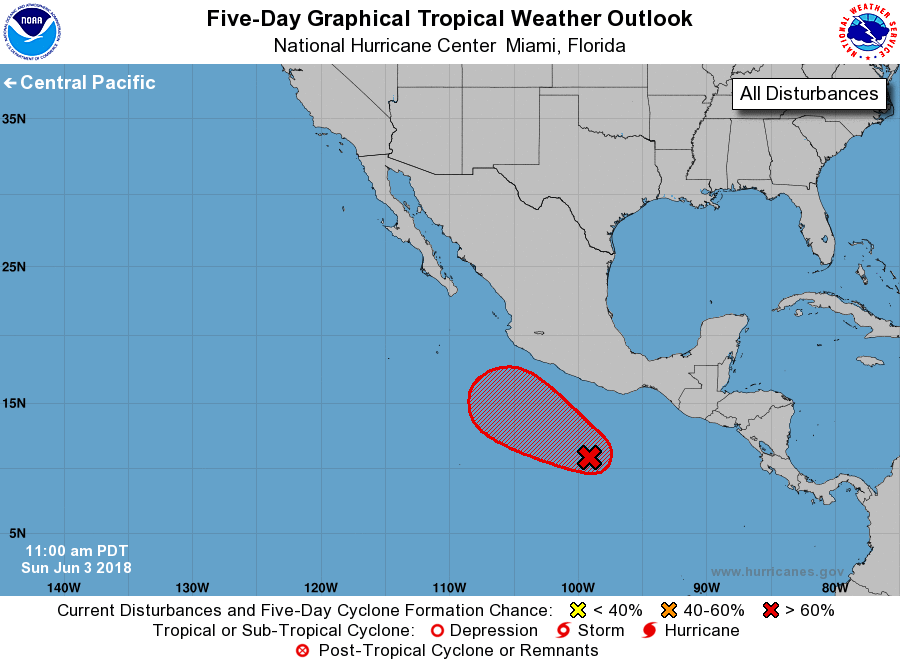
For the eastern North Pacific...east of 140 degrees west longitude:

1. Disorganized showers and thunderstorms continue in association with a trough of low pressure located a few hundred miles south of the southern coast of Mexico. Environmental conditions are forecast to support development of this system, and a tropical depression is expected to form on Wednesday or Thursday while it moves slowly west-northwestward.
* Formation chance through 48 hours...low...30 percent.
* Formation chance through 5 days...high...90 percent.

Forecaster Cangialosi